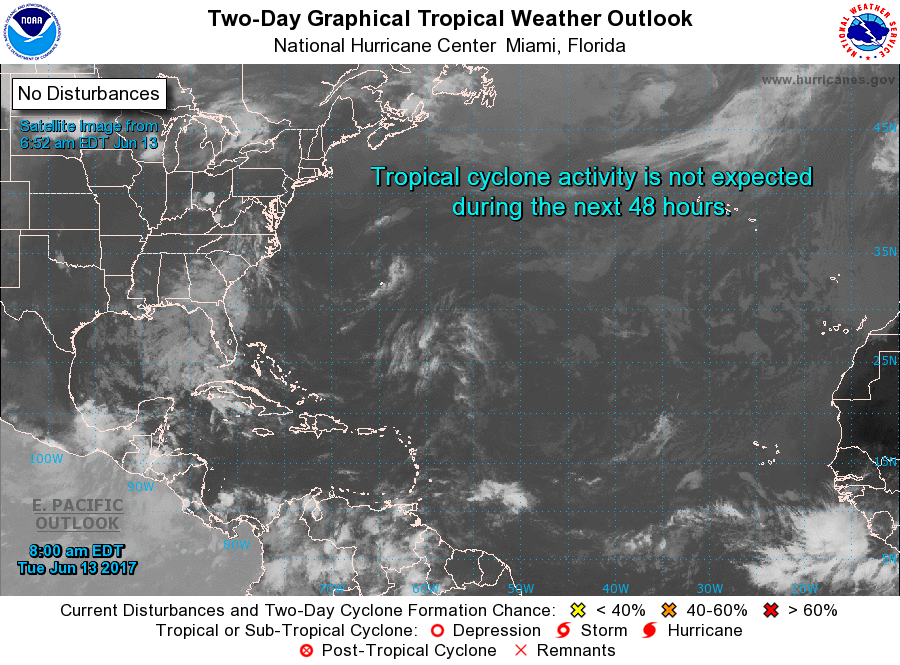
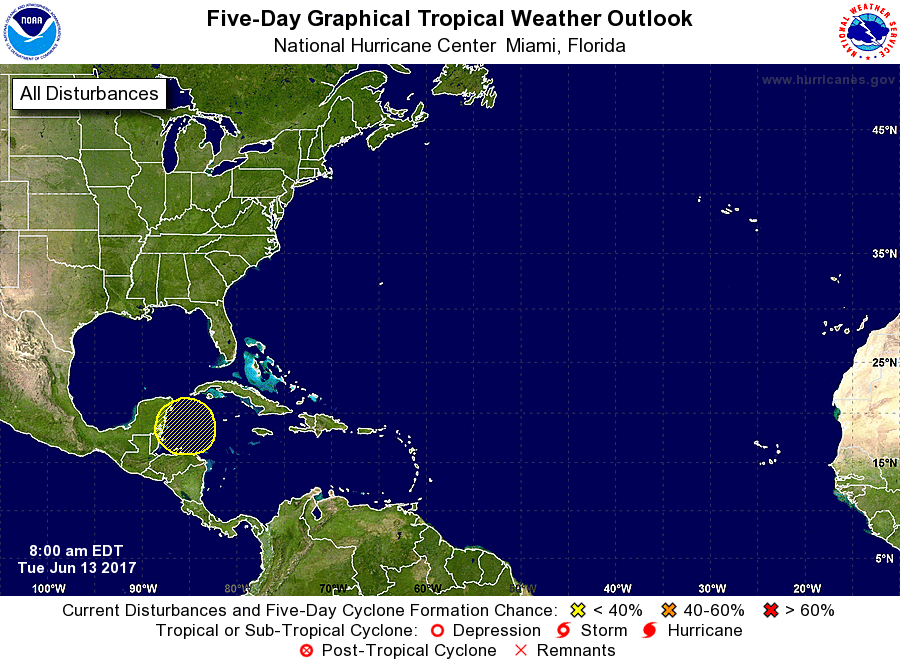
For the North Atlantic...Caribbean Sea and the Gulf of Mexico:

1. A broad area of low pressure is expected to form over the western Caribbean Sea or Central America late this week or this weekend. Some gradual development of this system is possible thereafter while it moves slowly northwestward.
* Formation chance through 48 hours...low...near 0 percent.
* Formation chance through 5 days...low...20 percent.

Forecaster Cangialosi